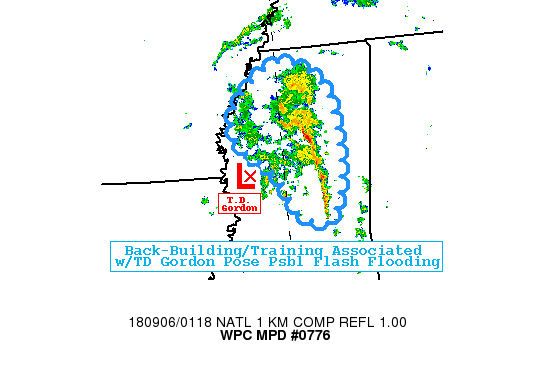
Areas affected...Northern and Central Mississippi...

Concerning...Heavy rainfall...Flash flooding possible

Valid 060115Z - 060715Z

SUMMARY...Increasing convection with back-building/training
component associated with T.D. Gordon poses flash flooding risk
over the next few hours.

DISCUSSION...01Z surface analysis denotes the center of Tropical
Depression Gordon across West central MS at this time providing a
generally confluent low level flow environment for moisture
convergence along northeastern outer banding to enhance.  Ample
deep moisture with sfc TDs in the mid-70s and 00z JAN sounding
supports saturated environmental to 450mb with total PWAT near
2.5".   While profile is saturated, this also limits the available
instability, which is in the range of 500 J/kg of MLCAPEs, still
wedge of more unstable air is lifting northward in the low level
confluent flow across SE MS off the Gulf with values up to 1500
J/kg.

GOES-16 WV suite, depicts an elongated SW-NE trof axis though the
ML/LL WV channels due suggest a strengthening SW jet on the SE
quadrant.  While this would leave the NE quadrant in the left exit
of the jet streak...the larger scale diffluence is sufficient to
support increased upper level evacuation.  As such, low level
winds have responded with a slight uptick increasing instability
advection and moisture convergence.   This speed max is likely
also related to a lobe of increased vorticity and therefore DPVA
that will rotate through the east side of the circulation over the
next 4-6hrs allowing for increased convective development.

As such, 10.3um IR channel shows cycling deeper convection at the
best interface near Montgomery/Grenada counties. Regional RADAR
mosaic and 3.9um IR also denote with the strengthening low level
inflow, propagation vectors have swung around and support
back-building, and are generally near or opposite of the mean cell
motions (given cells are fairly shallow).  GWX radar 1hr rates are
increasing over 1.5" but given the lack of lightning and depth of
the cells, there should be more tropical warm cloud processes
occurring that are poorly handled by RADAR even in tropical mode.
Rates of 2-2.5" should be expected.  As such a narrow band 3-5"
totals are possible from Tallahatchie to Attala/Winston counties.
The good news, the band appears to be oriented favorably between
areas affected more significantly where FFG values are higher.  As
such flash flooding is possible hedging toward likely over the
next 4-6hrs.